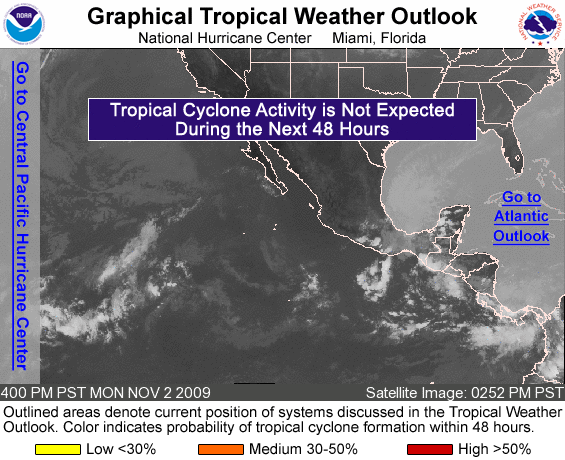
FOR THE EASTERN NORTH PACIFIC...EAST OF 140 DEGREES WEST LONGITUDE..

TROPICAL CYCLONE FORMATION IS NOT EXPECTED DURING THE NEXT 48 HOURS.

FORECASTER BRENNAN